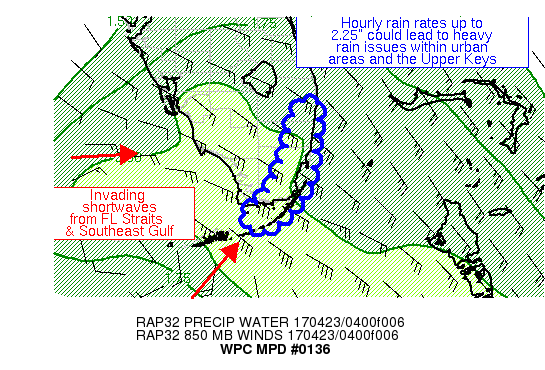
AREAS AFFECTED...UPPER FL KEYS & PORTIONS OF THE GOLD COAST

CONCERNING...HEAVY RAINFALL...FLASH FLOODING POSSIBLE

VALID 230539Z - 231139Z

SUMMARY...A LOW PRESSURE AREA MOVING OUT OF THE NORTHWEST
CARIBBEAN SEA IS SLOWLY INCREASING LOW-LEVEL INFLOW AND
INSTABILITY ACROSS THE REGION.  HOURLY RAIN RATES UP TO 2.25"
COULD LEAD TO HEAVY RAIN ISSUES WITHIN URBAN AREAS.

DISCUSSION...AN AREA OF STRATIFORM RAIN WITH EMBEDDED EFFICIENT
THUNDERSTORMS IS STARTING TO IMPACT THE UPPER KEYS AND PORTIONS OF
SOUTHERNMOST MIAMI-DADE COUNTY. A PAIR OF SHORTWAVES SEEN ON WATER
VAPOR IMAGERY ARE APPROACHING THE AREA FROM THE SOUTHEAST GULF OF
MEXICO AND FL STRAITS, INCREASING DIVERGENCE ALOFT.  PRECIPITABLE
WATER VALUES ARE AROUND 2" PER RECENT GPS DATA AND THE 00Z
SOUNDINGS OUT OF KEY WEST AND SWEETWATER FL.  MUCAPES HAVE BEEN
SLOWLY INCREASING, JUST BEYOND 1000 J/KG PER SPC MESOANALYSES.
VAD WIND PROFILES SHOW SLOWLY INCREASING INFLOW AT 850 HPA, WITH
20-25 KTS NOTED IN THE AREA, INCLUDING FOWEY ROCKS LIGHT.  THE
850-400 HPA MEAN WINDS ARE LIGHT DUE TO THE WESTERLY WINDS ALOFT
COUNTERING THE LOW-LEVEL EASTERLIES, ONLY 5-10 KTS FROM THE
SOUTHWEST.  BULK SHEAR IN THE 0-6 KM LAYER IS CLOSE TO 25 KTS.

THE MESOSCALE GUIDANCE HAS STRUGGLED SIGNIFICANTLY WITH THIS
ACTIVITY, SO HAVE ATTEMPTED TO USE GFS MASS FIELDS TO AUGMENT THE
RAP, WHICH APPEARS TO HAVE AN UNREALISTIC STALLED MOTION WITH THE
850 HPA REFLECTION OF THE LOW.  INFLOW AT 850 HPA COULD INCREASE
ANOTHER 5-10 KNOTS, WHICH WOULD LEAD TO A BROADER CONVECTIVE
FOOTPRINT.  GFS-BASED GDI VALUES ARE ABOVE 35 IN THIS REGION,
WHICH IMPLIES SCATTERED THUNDERSTORM DEVELOPMENT IS POSSIBLE.
HOURLY RAIN RATES UP TO 2.25" ARE EXPECTED AS CELLS STRUGGLE TO
MOVE.  SHOULD ORGANIZED CONVECTION DEVELOP, WHICH IS POSSIBLE
CONSIDERING THE BULK SHEAR, IT WOULD TRACK PARALLEL TO THE COAST
AT 15-20 KTS.  HEAVY RAIN ISSUES ARE POSSIBLE IN URBAN AREAS OF
THE GOLD COAST AND FOR THE UPPER KEYS.